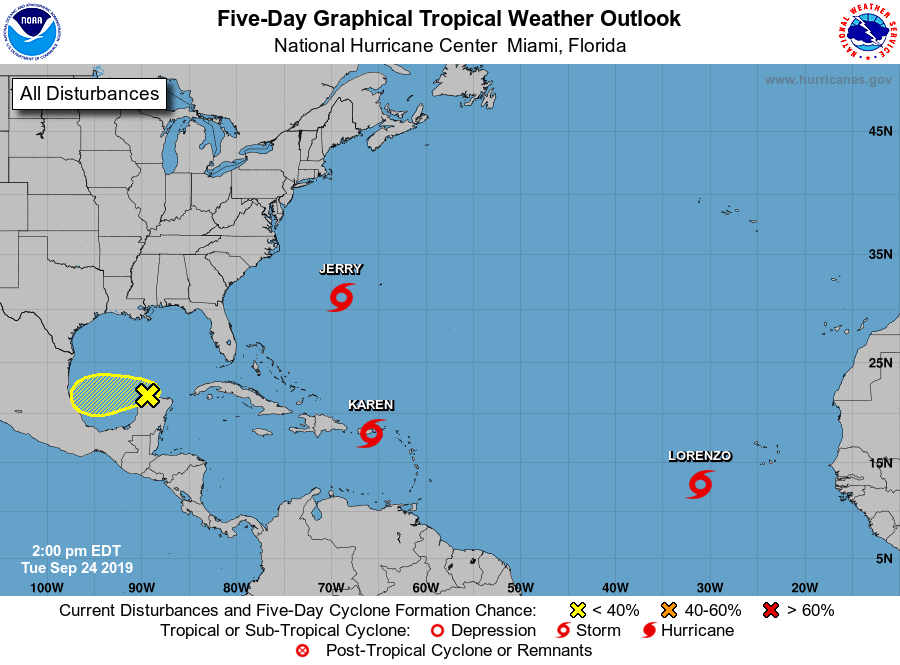
For the North Atlantic...Caribbean Sea and the Gulf of Mexico:

The National Hurricane Center is issuing advisories on Tropical Storm Jerry, located a few hundred miles west-southwest of Bermuda, on Tropical Storm Karen, located just south of Puerto Rico and the U.S. Virgin Islands, and on Tropical Storm Lorenzo, located over the eastern tropical Atlantic.

1. A weak area of low pressure centered near the north coast of the Yucatan peninsula is producing a small area of disorganized showers and thunderstorms. Some slow development of the low is possible while it moves slowly westward at 5 to 10 mph across the southwestern Gulf of Mexico during the next few days. The disturbance is expected to move inland over northeastern Mexico late Friday or Saturday.
* Formation chance through 48 hours...low...10 percent.
* Formation chance through 5 days...low...20 percent.

Forecaster Berg